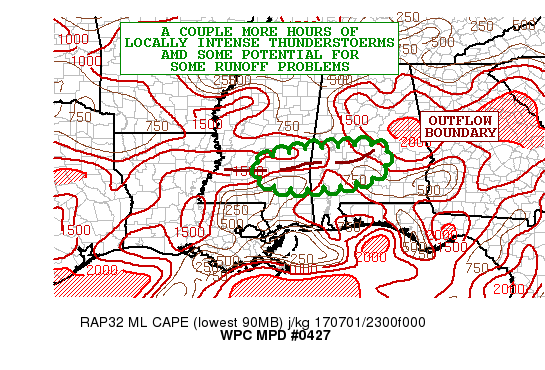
AREAS AFFECTED...CENTRAL MS...CENTRAL AL

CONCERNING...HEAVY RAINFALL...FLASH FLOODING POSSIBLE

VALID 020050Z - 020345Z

SUMMARY...SLOW-MOVING THUNDERSTORMS WITH INTENSE RAINFALL RATES
WILL CONTINUE TO SETTLE SOUTH AND GRADUALLY WEAKEN LATER THIS
EVENING.

DISCUSSION...VERY LATE-DAY EXPERIMENTAL GOES-16 VISIBLE SAT
IMAGERY SHOWS A CONVECTIVELY ENHANCED OUTFLOW BOUNDARY SETTLING
SOUTH-SOUTHEAST ACROSS AREAS OF CENTRAL MS TO CENTRAL AL. THIS
CONTINUES TO INTERACT WITH A MODERATELY UNSTABLE AND VERY MOIST
AIRMASS AND IS PRODUCE AN EXTENSIVE AREA OF HEAVY SHOWERS AND
THUNDERSTORMS.

THE CONVECTIVE CLOUD TOPS HAVE CONTINUED TO COOL A BIT OVER THE
LAST HOUR...AND A FEW WELL-DEFINED OVERSHOOTING TOPS.
HOWEVER...THE AVAILABLE INSTABILITY WHICH IS ABOUT 1500 J/KG OF
MLCAPE WILL BECOME INCREASINGLY EXHAUSTED BY LATE EVENING...AND
WITH A LACK OF ANY STRONGER LARGE SCALE FORCING/ASCENT IN PLACE TO
SUSTAIN CONVECTION...IT IS EXPECTED THAT CONVECTION WILL BEGIN TO
WEAKEN SUBSTANTIALLY BY LATE EVENING.

HOWEVER...OVER THE NEXT 2 TO 3 HOURS...THERE MAY BE SOME
ADDITIONAL INTENSE AND FAIRLY SLOW-MOVING CELLS WITH A COUPLE OF
OVERSHOOTING TOPS THAT MAY PRODUCE RAINFALL RATES UPWARDS OF 2.5
INCHES/HR GIVEN THE HIGHER PWAT ENVIRONMENT. SOME RUNOFF PROBLEMS
AND ISOLATED FLASH FLOODING WILL REMAIN POSSIBLE AS A RESULT
BEFORE CONDITIONS IMPROVE.